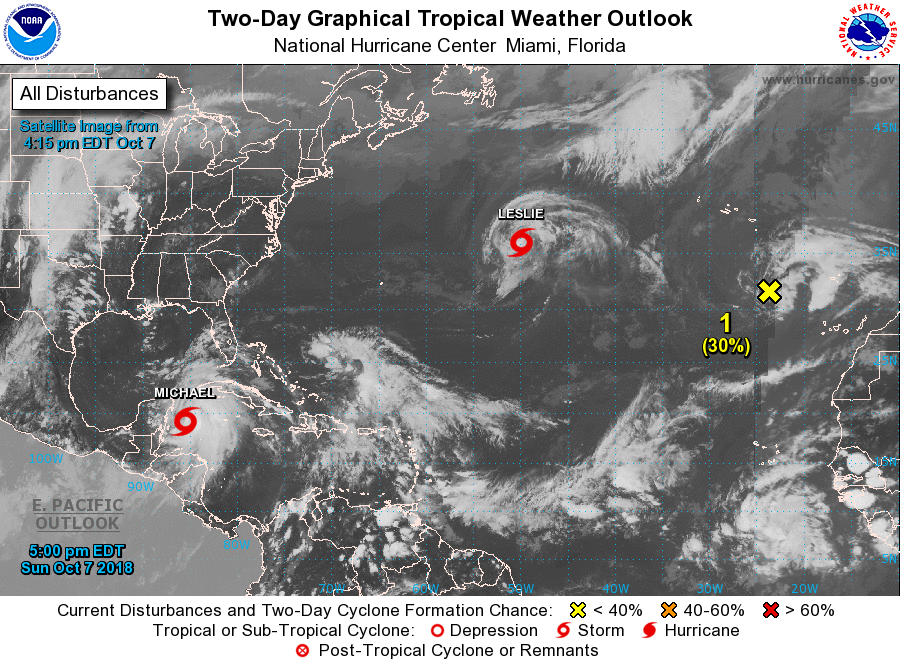
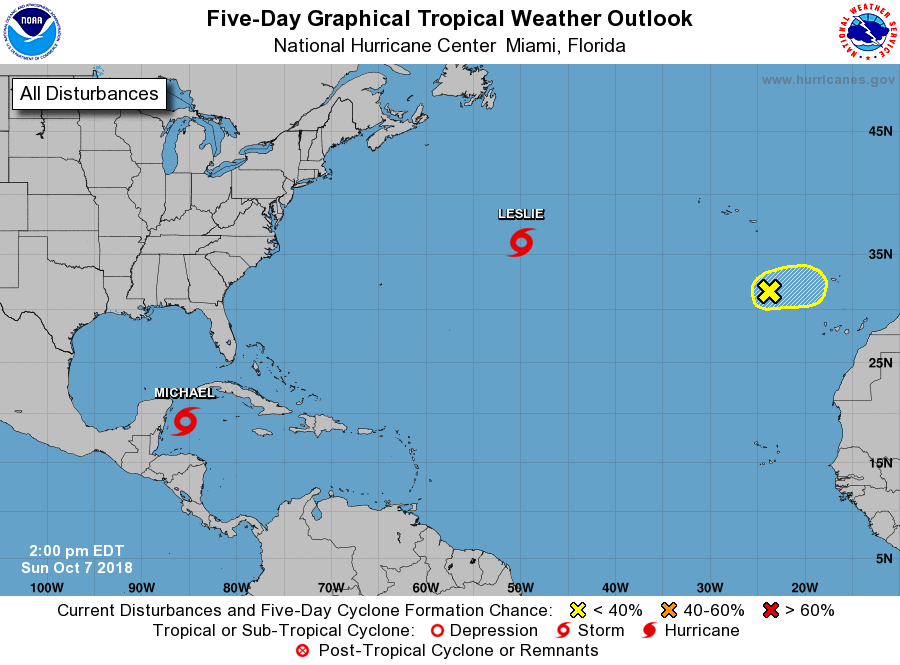
For the North Atlantic...Caribbean Sea and the Gulf of Mexico:

The National Hurricane Center is issuing advisories on recently upgraded Tropical Storm Michael, located over the northwest Caribbean Sea near the coast of the Yucatan Peninsula, and on Tropical Storm Leslie, located over the central Atlantic Ocean.

1. A broad non-tropical low pressure system located a few hundred miles south of the Azores continues to produce a large area of disorganized showers and thunderstorms, mainly to the north and east of its center. This system could gradually acquire subtropical or tropical characteristics over the next day or two while it moves slowly eastward. By Tuesday, environmental conditions are expected to become unfavorable for further development to occur. Additional information on this system can be found in high seas forecasts issued by Meteo France.
* Formation chance through 48 hours...low...30 percent.
* Formation chance through 5 days...low...30 percent.

Public Advisories on Tropical Storm Michael are issued under WMO header WTNT34 KNHC and under AWIPS header MIATCPAT4. Forecast/Advisories on Tropical Storm Michael are issued under WMO header WTNT24 KNHC and under AWIPS header MIATCMAT4.

Additional information on the eastern Atlantic low pressure system can be found in high seas forecasts issued by Meteo France...under WMO header FQNT50 LFPW.

Forecaster Zelinsky